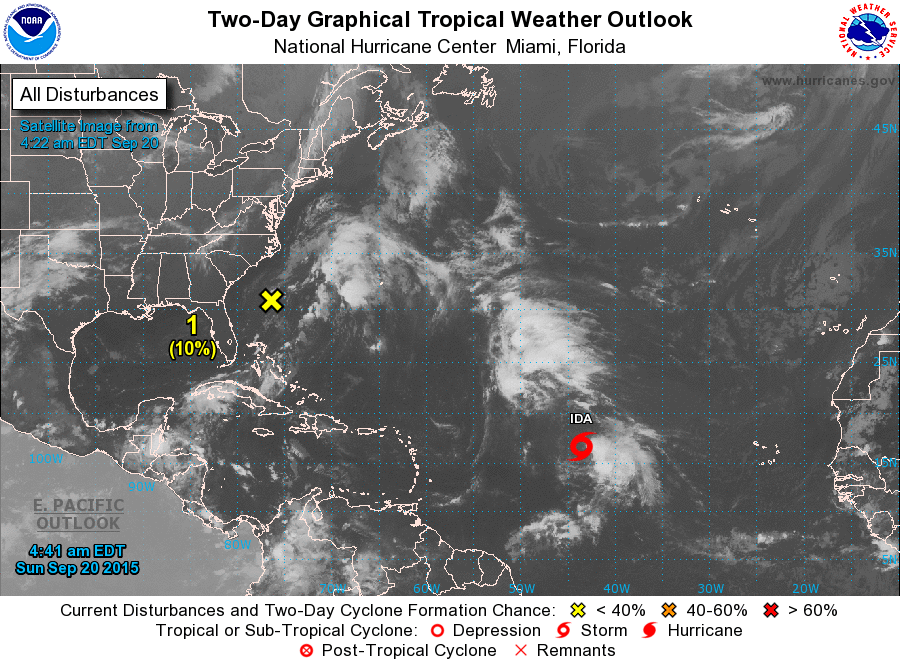
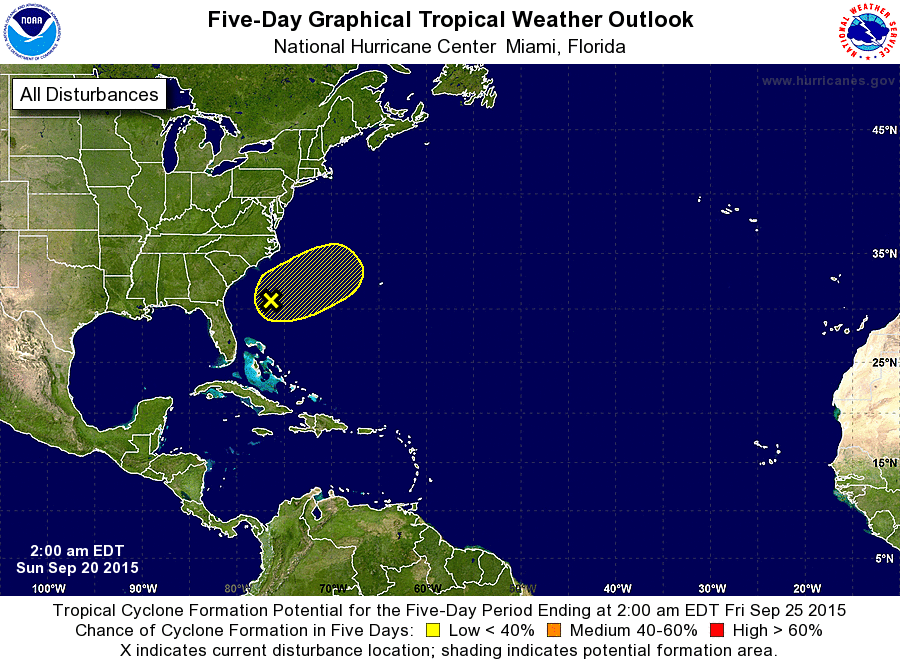
For the North Atlantic...Caribbean Sea and the Gulf of Mexico:

The National Hurricane Center is issuing advisories on Tropical Storm Ida, located more than a thousand miles west of the Cape Verde Islands.

1. A broad area of low pressure located about 300 miles east of the northeast coast of Florida is moving slowly northeastward away from the southeastern United States. This low is not showing any signs of acquiring tropical or subtropical characteristics, and environmental conditions are steadily becoming less favorable for development. However, an Air Force Reserve Hurricane Hunter aircraft is still scheduled to investigate this system later today, if necessary. For more information on this low, see High Seas Forecasts issued by the National Weather Service.
* Formation chance through 48 hours...low...10 percent
* Formation chance through 5 days...low...20 percent

High Seas Forecasts issued by the National Weather Service are available under AWIPS header NFDHSFAT1, WMO header FZNT01 KWBC, and on the Web at http://www.opc.ncep.noaa.gov/shtml/NFDHSFAT1.shtml.

Forecaster Stewart